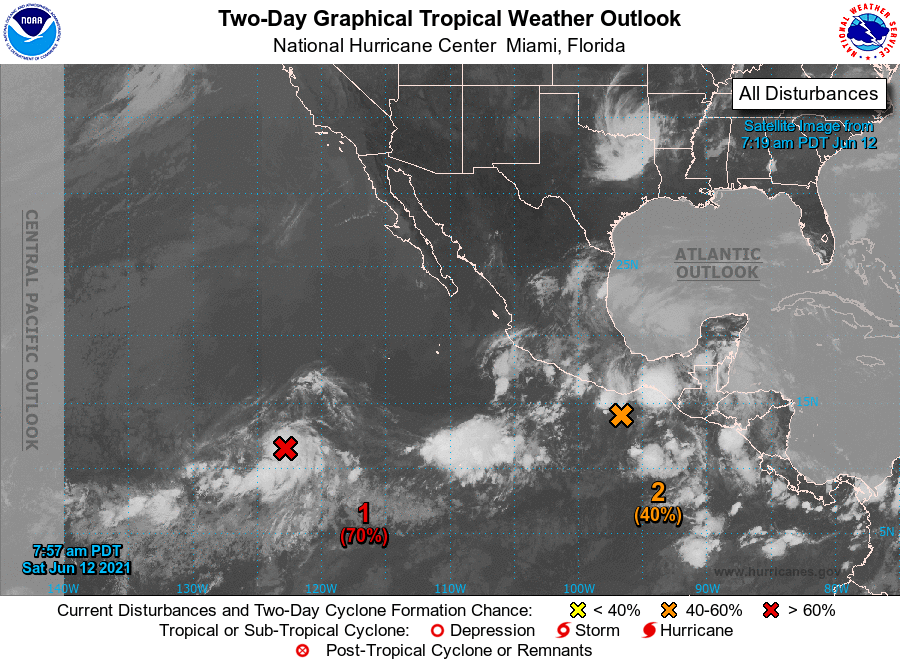
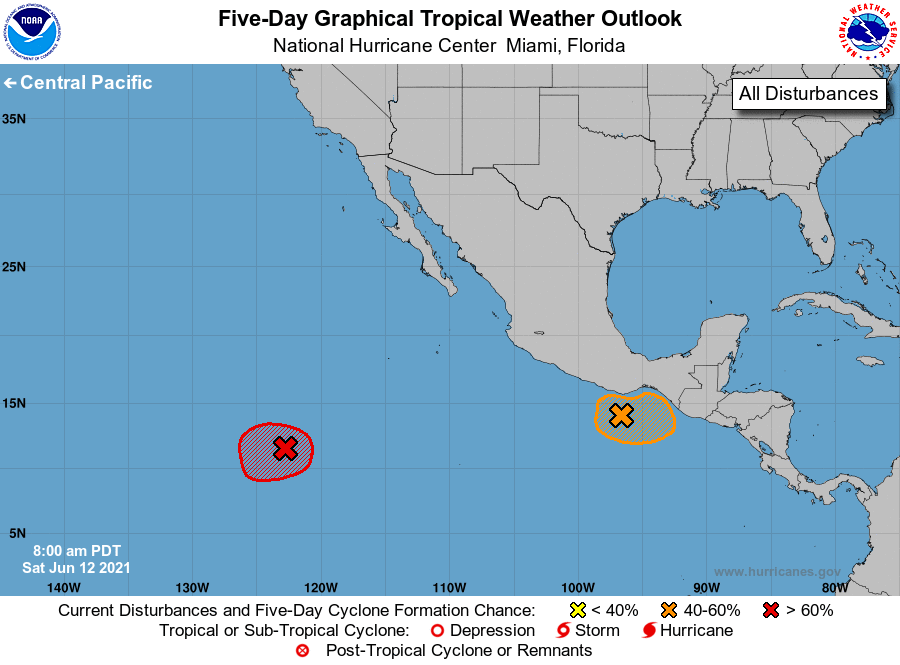
For the eastern North Pacific...east of 140 degrees west longitude:

Special tropical weather outlook issued to update the discussion of the low pressure system 1100 miles southwest of the southern tip of the Baja California peninsula.

1. Morning satellite imagery indicates that the broad area of low pressure located about 1100 miles southwest of the southern tip of the Baja California peninsula continues to become better organized. If this trend continues, advisories for a tropical depression could be initiated later today or tonight as the system moves slowly westward. Early next week, conditions are expected to become unfavorable for further development.
* Formation chance through 48 hours...high...70 percent.
* Formation chance through 5 days...high...70 percent.

2. Showers and thunderstorms remain poorly organized this morning in association with a broad area of low pressure located about a hundred miles south of Puerto Angel, Mexico. Environmental conditions appear somewhat conducive for some additional development, and a tropical depression could still form over the weekend, as long as the system remains over water while drifting northeastward. Heavy rainfall will be possible over portions of Central America and southern Mexico through early next week. See products from your local meteorological service for more information.
* Formation chance through 48 hours...medium...40 percent.
* Formation chance through 5 days...medium...40 percent.

Forecaster Latto